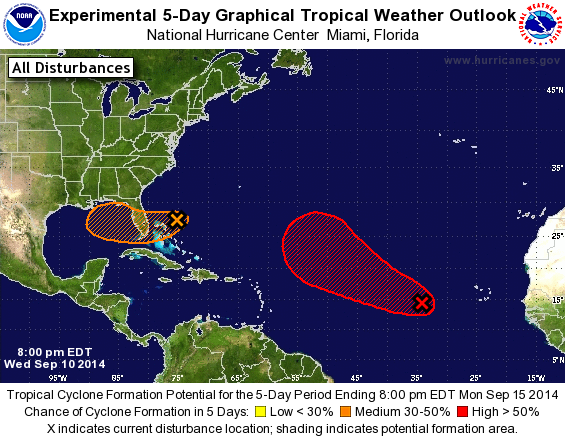
For the North Atlantic...Caribbean Sea and the Gulf of Mexico:

1. Satellite images indicate that the shower activity associated with a broad area of low pressure centered about 650 miles west of the Cape Verde Islands has increased and become a little better organized this evening. This system is now moving toward an area more favorable for development, and a tropical depression could form during the next day or two while the low moves toward the west-northwest and northwest at about 15 mph over the open Atlantic.
* Formation chance through 48 hours...medium...40 percent.
* Formation chance through 5 days...high...70 percent.

2. A weak area of low pressure has formed near the northwestern Bahamas, and its associated shower activity is showing some signs of organization. However, the environment is forecast to become unfavorable for significant development while the low moves slowly westward toward southern Florida. If necessary, an Air Force plane will investigate this system tomorrow. Regardless of development, this low will bring heavy rains over portions of southern Florida and the Florida Keys during the next couple of days.
* Formation chance through 48 hours...low...20 percent.
* Formation chance through 5 days...medium...30 percent.

Forecaster Avila